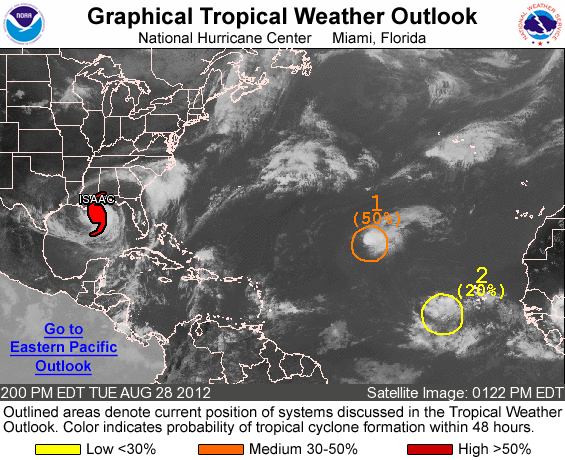
FOR THE NORTH ATLANTIC...CARIBBEAN SEA AND THE GULF OF MEXICO...

THE NATIONAL HURRICANE CENTER IS ISSUING ADVISORIES ON HURRICANE ISAAC APPROACHING THE SOUTHEAST LOUISIANA COAST.

1. SHOWER ACTIVITY ASSOCIATED WITH AN AREA OF LOW PRESSURE...LOCATED ABOUT 1425 MILES SOUTHWEST OF THE AZORES...HAS BECOME BETTER ORGANIZED TODAY. A TROPICAL DEPRESSION COULD FORM AT ANY TIME TODAY OR TONIGHT... BEFORE UPPER-LEVEL WINDS BECOME UNFAVORABLE FOR DEVELOPMENT DURING THE NEXT DAY OR TWO. THIS SYSTEM HAS A MEDIUM CHANCE...50 PERCENT...OF BECOMING A TROPICAL CYCLONE DURING THE NEXT 48 HOURS AS THE LOW MOVES TOWARD THE WEST-NORTHWEST AT 10 TO 15 MPH.

2. A LARGE BUT DISORGANIZED AREA OF CLOUDINESS AND SHOWERS ASSOCIATED WITH A TROPICAL WAVE IS LOCATED ABOUT 350 MILES WEST-SOUTHWEST OF THE CAPE VERDE ISLANDS. ENVIRONMENTAL CONDITIONS ARE FORECAST TO BECOME MORE CONDUCIVE FOR DEVELOPMENT OVER THE NEXT SEVERAL DAYS. THIS SYSTEM HAS A LOW CHANCE...20 PERCENT...OF BECOMING A TROPICAL CYCLONE DURING THE NEXT 48 HOURS AS IT MOVES WESTWARD ABOUT 15 MPH.

ELSEWHERE...TROPICAL CYCLONE FORMATION IS NOT EXPECTED DURING THE NEXT 48 HOURS.

FORECASTER AVILA